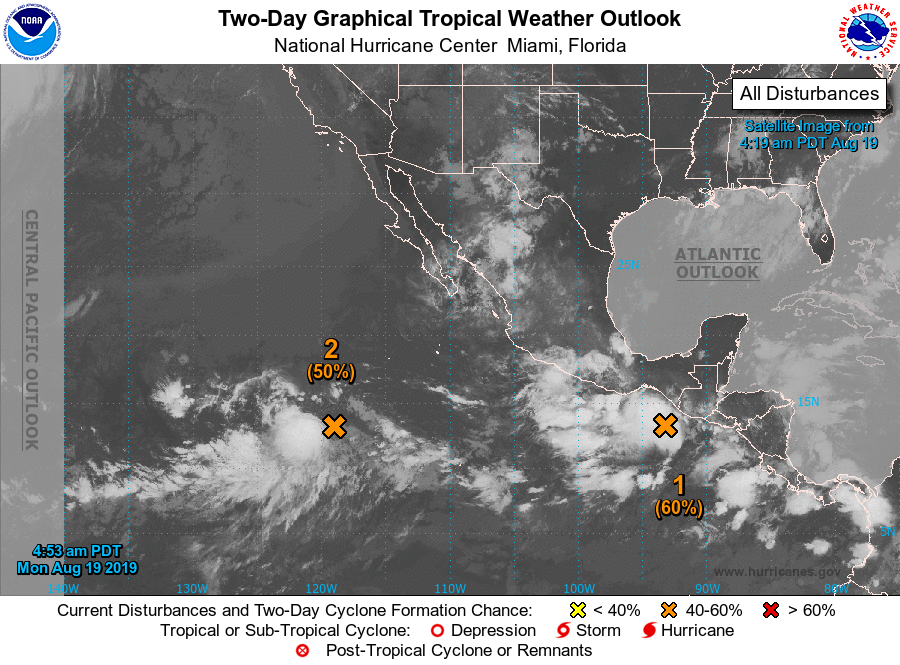
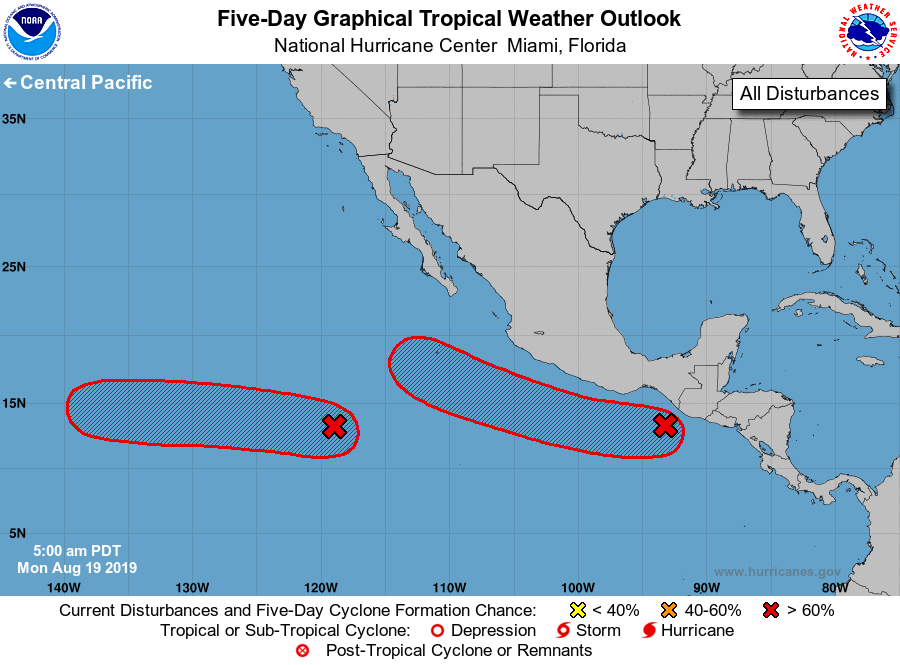
For the eastern North Pacific...east of 140 degrees west longitude:

1. An elongated area of low pressure located a couple of hundred miles southeast of the Gulf of Tehuantepec is producing disorganized showers and thunderstorms. Environmental conditions are forecast to become conducive for development during the next couple of days, and a tropical depression is likely to form by mid-week while the low moves west-northwestward at about 10 mph parallel to the coast of Mexico. Moisture associated with this disturbance could produce heavy rainfall and possible flash flooding across portions of Guatemala and southeastern Mexico during the next couple of days.
* Formation chance through 48 hours...medium...60 percent.
* Formation chance through 5 days...high...90 percent.

2. A well-defined low pressure system located more 900 miles southwest of the southern tip of the Baja California peninsula continues to produce a large area of cloudiness and thunderstorms. Environmental conditions are expected to gradually become more conducive for development, and a tropical depression is likely to form during the next few days while the system moves westward to west-northwestward at about 10 mph.
* Formation chance through 48 hours...medium...50 percent.
* Formation chance through 5 days...high...70 percent.

Forecaster Roberts